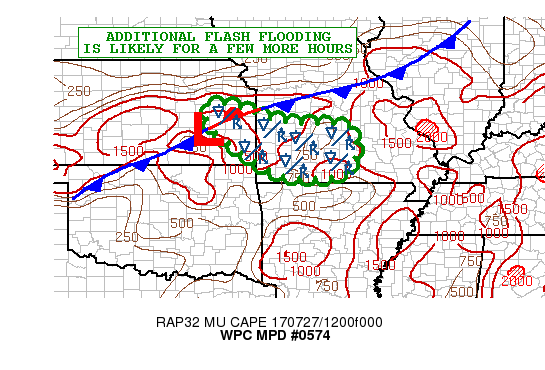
AREAS AFFECTED...EASTERN KS...SOUTHWEST MO

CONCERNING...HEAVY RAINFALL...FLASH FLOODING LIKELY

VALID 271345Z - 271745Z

SUMMARY...STILL EXPECTING SOME ADDITIONAL FLASH FLOODING CONCERNS
OVER THE NEXT FEW HOURS AS SOME ADDITIONAL HEAVY RAIN IS EXPECTED.
HOWEVER...CONDITIONS ARE EXPECTED TO IMPROVE BY EARLY AFTERNOON.

DISCUSSION...OVERALL THE LATEST EXPERIMENTAL GOES-16 10.3
MICRON/IR DATA SHOWS WARMING CLOUD TOPS IN ASSOCIATION WITH THE
EXPANSIVE CONVECTIVE COMPLEX THAT WAS RESPONSIBLE FOR SIGNIFICANT
FLASH FLOODING OVERNIGHT AND THIS MORNING IN AND AROUND THE KANSAS
CITY METROPOLITAN AREA AND ADJACENT AREAS OF WEST-CENTRAL MO AND
EAST-CENTRAL KS.

HOWEVER...THERE ARE STILL SOME COLDER CONVECTIVE TOPS OVER PARTS
OF EAST-CENTRAL KS ASSOCIATED WITH A CONVECTIVE WEDGE
FEATURE...AND RADAR IMAGERY CONFIRMS A BAND OF LOCALLY VERY HEAVY
RAIN STILL IMPACTING PARTS OF EAST-CENTRAL KS AND STRETCHING
EAST-SOUTHEAST INTO SOUTHWEST MO AT THIS TIME.

EXPECT LOCALLY AN ADDITIONAL 2 TO 3 INCHES OF RAIN TO BE POSSIBLE
OVER THESE AREAS THROUGH MIDDAY...AND THUS SOME ADDITIONAL. FLASH
FLOODING CAN BE EXPECTED AT LEAST LOCALLY. THE MODELS THOUGH SHOW
THE FORCING ASSOCIATED WITH THE MID LEVEL SHORTWAVE TROUGH AND
SURFACE WAVE GRADUALLY SHIFTING OFF TO THE EAST THROUGH EARLY
AFTERNOON...AND THIS WILL ALLOW CONDITIONS TO IMPROVE.